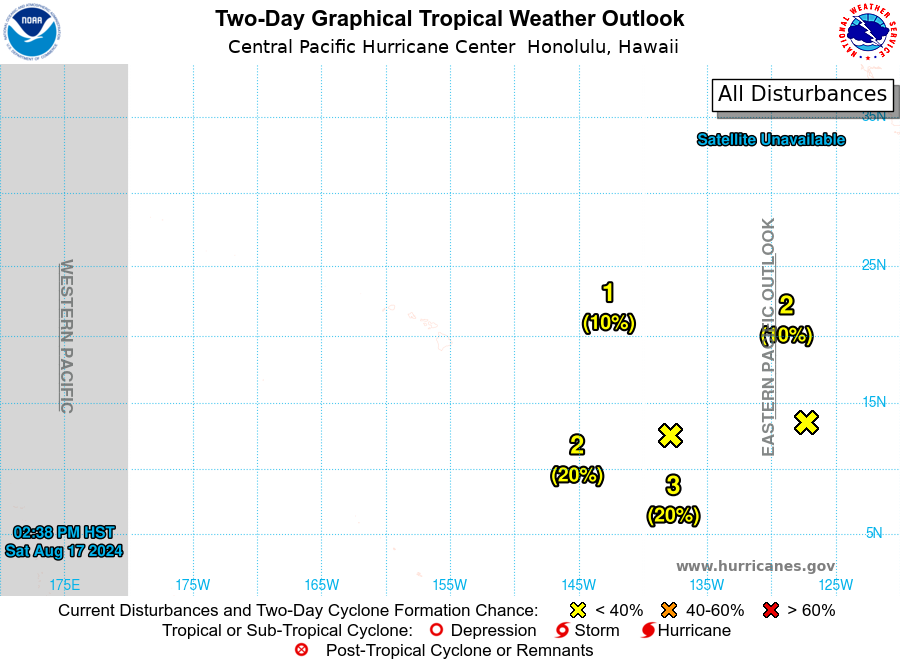
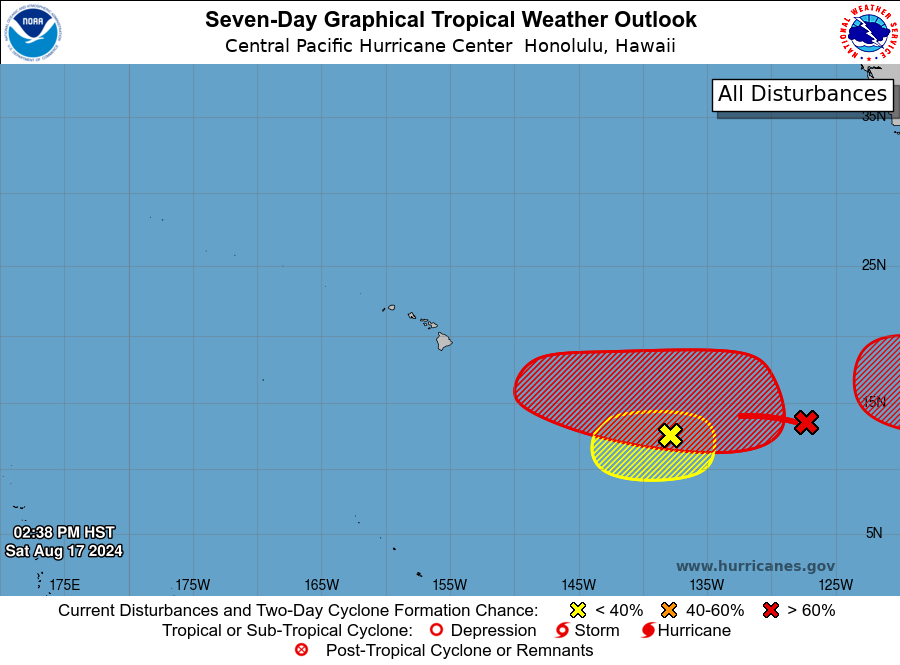
For the central North Pacific...between 140W and 180W:

1. Approximately 1900 miles east-southeast of Hilo, Hawaii: Scattered showers and thunderstorms are associated with a broad trough of low pressure located more than one thousand miles west-southwest of the southern tip of the Baja California peninsula. While this system may interact with another area of low pressure to its west-southwest over the next several days, some gradual development of this system is forecasted if it becomes the dominant disturbance. A tropical depression is likely form during the middle part of next week while the system moves westward to west-northwestward over the western portion of the basin and into the Central Pacific basin by the end of the week.
* Formation chance through 48 hours...low...10 percent.
* Formation chance through 7 days...high...70 percent.

2. Approximately 1100 miles east-southeast of Hilo, Hawaii: A small area of low pressure located well southeast of the Hawaiian Islands is associated with some disorganized showers and thunderstorms. Some development of this system is possible this weekend into early next week while it moves slowly over the western portion of the East Pacific or Central Pacific basin. By the middle of next week, this system could merge with a larger system developing to its east.
* Formation chance through 48 hours...low...20 percent.
* Formation chance through 7 days...low...20 percent.

Elsewhere, no tropical cyclones are expected during the next 7 days.

Forecaster Blood